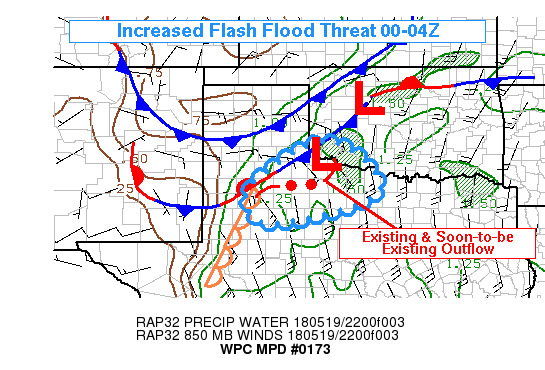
AREAS AFFECTED...SW OK...WRN N TX

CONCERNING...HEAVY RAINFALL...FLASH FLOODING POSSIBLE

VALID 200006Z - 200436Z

SUMMARY...THE FLASH FLOOD RISK WILL INCREASE THIS EVENING AS COLD
POOLS BECOME ESTABLISHED AND MOIST LOW LEVEL INFLOW
INCREASES...RESULTING IN SEVERAL POCKETS OF TRAINING. THE REGION
HAS SEEN SOMEWHAT ABOVE NORMAL PRECIPITATION RECENTLY...SO RAPID
RUNOFF IS MORE LIKELY.

DISCUSSION...APPROACHING 00Z ALL THE INGREDIENTS WERE IN PLACE FOR
A ROUND OF STRONG THUNDERSTORMS AND HEAVY RAINFALL TO PERSIST FOR
AT LEAST A FEW HOURS ACROSS THE TX SOUTH PLAINS TO WESTERN NORTH
TEXAS AND FAR SOUTHWEST OKLAHOMA. THE AFTERNOON CONVECTIVE
EVOLUTION OWED TO A WELL TIMED UPPER LEVEL SHORTWAVE TROUGH
EVIDENT IN GOES-16 WATER VAPOR IMAGERY. DEEP LAYER FLOW WAS STRONG
ENOUGH FOR FORWARD MOTION...ESPECIALLY GIVEN LARGE T/TD SPREADS AT
THE SURFACE. FLASH FLOODING HAD BECOME AN ISSUE...HOWEVER..AS CELL
MERGERS AND REDEVELOPMENT ALONG FLANKS OR THE INCIPIENT LARGER
SCALE OUTFLOW BOUNDARIES LED TO HEAVY RAINFALL.

GIVEN NEW CONVECTIVE GROWTH NEAR THE DRYLINE TRIPLE POINT EAST OF
LUBBOCK...IT APPEARS A NEARLY WEST TO EAST COMBINED OUTFLOW
BOUNDARY WILL BECOME ESTABLISHED FROM NEAR LBB TO NEAR SPS...JUST
AS BOUNDARY LAYER DECOUPLING LEADS TO INCREASING 850 MB FLOW. THE
ACCELERATING LOW LEVEL INFLOW WILL NOT ONLY BOOST UPDRAFT
STRENGTH...BUT MAY ALSO RESULT IN SLOWER CELL MOTION
INITIALLY...UNTIL SUCH TIME WHEN THE MODELS HANDLING THIS
ACTIVITY...NAMELY THE 20Z HRRR AND 12Z WRF-NMMB...SUGGEST A
FORWARD PROPAGATING MCS TOWARD THE EAST. UNTIL CONVECTION
DISLODGES...PW VALUES OF AROUND 1.25 INCHES AND MODERATE TO STRONG
CAPE SHOULD SUPPORT LOCAL RAIN RATES 2.0 INCH PER HOUR...EVEN
DESPITE THE PRESENCE OF LARGE HAIL. THESE RATES WOULD EASILY
SURPASS FLASH FLOOD GUIDANCE WHICH HAD BEEN LOWERED BY THE RECENT
WET PATTERN.

PARTS OF HARMON AND HARDEMAN COUNTIES FLOODED EARLIER THIS
AFTERNOON MAY CONTINUE TO RECEIVE SOME ELEVATED CONVECTION AS THE
SYNOPTIC BACKGROUND REMAINS FAVORABLE...ALTHOUGH THE MORE ROBUST
NEW ACTIVITY SHOULD OCCUR FARTHER SOUTH.